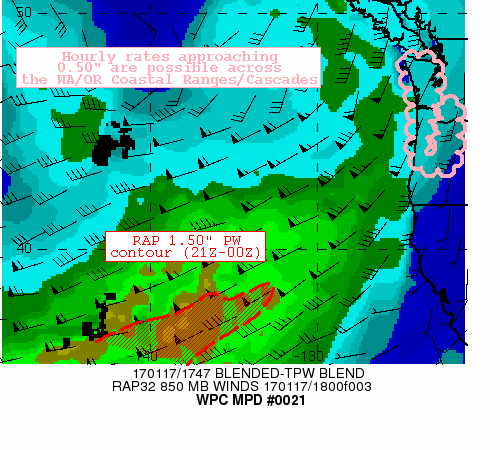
AREAS AFFECTED...WA/OR COASTAL RANGES/CASCADES...

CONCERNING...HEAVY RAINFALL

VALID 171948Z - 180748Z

SUMMARY....AN IMPRESSIVE ATMOSPHERIC RIVER SET UP IS IN PLACE WITH
DEEP SUBTROPICAL MOISTURE EXTENDING BACK INTO THE CENTRAL PACIFIC.
THIS COUPLED WITH 60-70 KNOT SOUTH-SOUTHWESTERLY FLOW WILL AID IN
IMPRESSIVE RAINFALL ACROSS THE OROGRAPHICALLY FAVORED REGIONS.
EXPECT HOURLY RATES TO APPROACH OR EVEN EXCEED 0.50 INCHES DURING
THE HEIGHT OF THE EVENT.

DISCUSSION...WATER VAPOR IMAGERY AND 500-MB HEIGHT FIELDS SHOWED A
LONGWAVE TROUGH ANCHORING THE CENTRAL/EASTERN PACIFIC. AN EMBEDDED
SHORTWAVE CURRENTLY MOVING ACROSS 135W HAS AMPLE MOISTURE SUPPORT
PER RECENT AMSU SATELLITE PASSES. 1.50 TO 2 INCH PWATS ARE
CURRENTLY BEING ANALYZED WITHIN THIS ATMOSPHERIC RIVER WITH RECENT
HOURLY RATES BETWEEN 0.25 TO 0.50 INCHES. ADDITIONALLY...THE AR
DETECTION TOOL SHOWED INTEGRATED VAPOR TRANSPORT VALUES EXCEEDING
1250 KG/M/S. ALL OF THIS ACTIVITY WILL SHIFT NORTHEASTWARD DURING
THE NEXT 4 HOURS. MOST OF THE GUIDANCE SUPPORT THIS MORE ENHANCED
PRECIPITATION TO ARRIVE JUST BEFORE 00Z AND CONTINUING THROUGHOUT
THE REMAINDER OF THE MPD ISSUANCE. GIVEN THE IMPRESSIVE LOW-LEVEL
SOUTHWESTERLY FLOW IMPINGING ON THE COASTAL RANGES AND
CASCADES...WOULD EXPECT HOURLY RATES TO RAMP UP POSSIBLY EXCEEDING
0.50 INCHES. THIS IS FAIRLY CONSISTENT AMONG THE HIGH-RESOLUTION
SOLUTIONS...PARTICULARLY THE LAST FEW RUNS OF THE HRRR. IN TERMS
OF IMPACTS...MUCH OF THE HEAVIEST PRECIPITATION THE PAST TWO WEEKS
HAS BEEN OVER WESTERN OR WHICH IS WHERE SOME ISOLATED HYDROLOGIC
ISSUES MAY OCCUR.